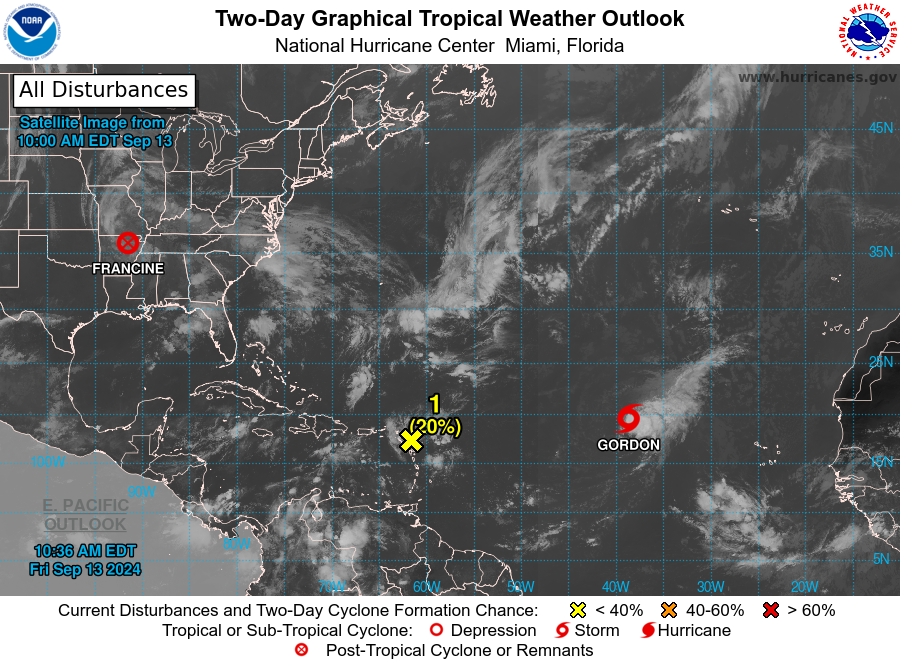
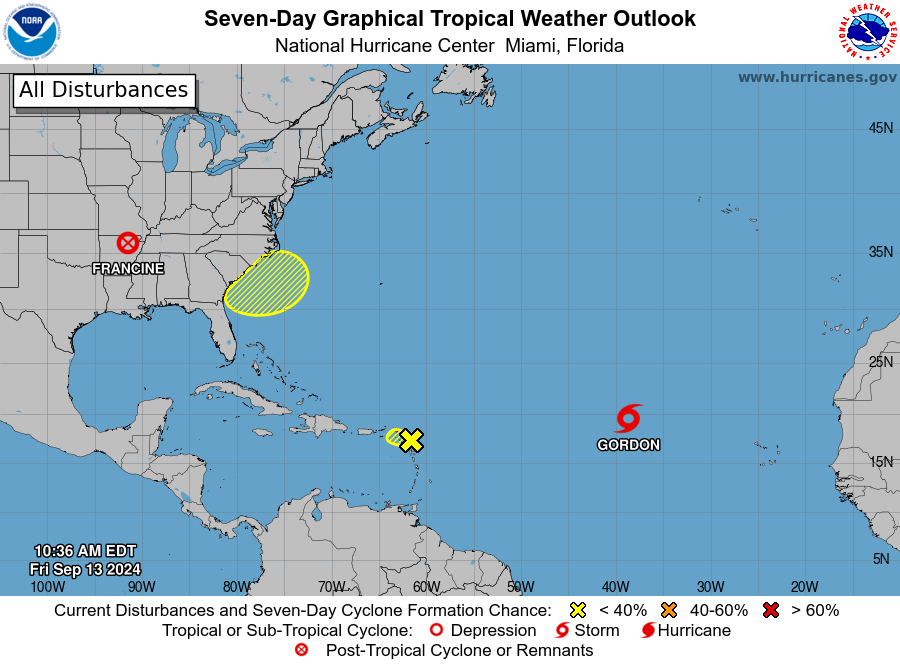
For the North Atlantic...Caribbean Sea and the Gulf of Mexico:

Active Systems: The National Hurricane Center is issuing advisories on Tropical Depression Seven, located over the central tropical Atlantic Ocean. The Weather Prediction Center is issuing advisories on Post-Tropical Cyclone Francine, located inland over northeastern Arkansas.

1. Northern Leeward Islands (AL94): Surface observations indicate a small area of low pressure is located over the northern Leeward Islands. The system continues to produce showers and thunderstorms this morning, but they have not become any better organized. Environmental conditions, including the proximity of dry air, do not favor development of this system while it moves west-northwestward at about 15 mph. Regardless of development, locally heavy rainfall and gusty winds are possible across the northern Leeward Islands today.
* Formation chance through 48 hours...low...20 percent.
* Formation chance through 7 days...low...20 percent.

2. Offshore the Southeastern U.S.: A non-tropical area of low pressure could form along a frontal boundary a few hundred miles off the southeastern U.S. coastline this weekend. Thereafter, some subtropical or tropical development is possible during the early part of next week while the system moves generally northwestward toward the coast.
* Formation chance through 48 hours...low...near 0 percent.
* Formation chance through 7 days...low...30 percent.

Forecaster Kelly